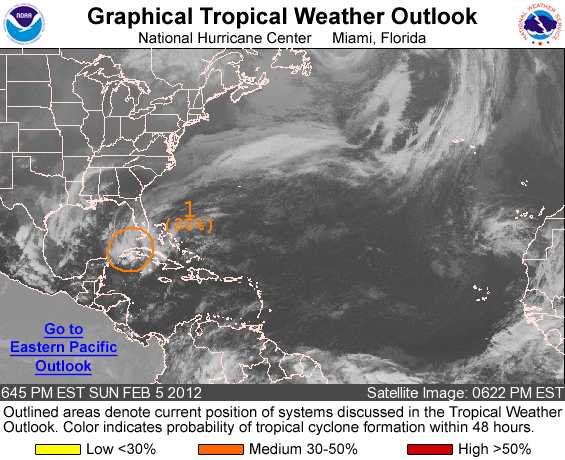
FOR THE NORTH ATLANTIC...CARIBBEAN SEA AND THE GULF OF MEXICO...

1. A NON-TROPICAL LOW PRESSURE SYSTEM INTERACTING WITH AN UPPER-LEVEL TROUGH IS PRODUCING WIDESPREAD CLOUDINESS...SHOWERS...AND SCATTERED THUNDERSTORMS ACROSS MUCH OF WESTERN AND CENTRAL CUBA...THE LOWER FLORIDA KEYS...AND ADJACENT WATERS OF THE NORTHWESTERN CARIBBEAN SEA...SOUTHEASTERN GULF OF MEXICO...AND THE FLORIDA STRAITS. THE LOW IS CENTERED JUST WEST OF THE WESTERN TIP OF CUBA...AND A SURFACE CIRCULATION CENTER IS GRADUALLY BECOMING BETTER DEFINED. SHOWER ACTIVITY HAS BEEN SLOWLY INCREASING AND HAS BECOME BETTER ORGANIZED TODAY...AND IF THIS DEVELOPMENT TREND CONTINUES...THEN A SUBTROPICAL DEPRESSION OR A SUBTROPICAL STORM COULD FORM DURING THE NEXT DAY OR SO BEFORE THE DISTURBANCE MERGES WITH A COLD FRONT. THIS SYSTEM HAS A MEDIUM CHANCE...30 PERCENT...OF BECOMING A SUBTROPICAL CYCLONE DURING THE NEXT 48 HOURS AS IT MOVES SLOWLY NORTH-NORTHEASTWARD TONIGHT AND MONDAY MORNING...BEFORE TURNING NORTHEASTWARD AT 10 TO 15 MPH TOWARD SOUTH FLORIDA AND THE FLORIDA KEYS BY MONDAY AFTERNOON AND EVENING. REGARDLESS OF DEVELOPMENT... THIS SYSTEM WILL LIKELY BRING LOCALLY HEAVY RAINFALL AND STRONG GUSTY WINDS TO PORTIONS OF THE FLORIDA KEYS AND SOUTH FLORIDA OVER THE NEXT COUPLE OF DAYS.

ADDITIONAL INFORMATION ON THIS SYSTEM CAN BE FOUND IN OFFSHORE WATERS FORECASTS ISSUED BY THE NATIONAL WEATHER SERVICE...UNDER AWIPS HEADER MIAOFFNT3 AND WMO HEADER FZNT24 KNHC...AND ALSO IN PRODUCTS ISSUED BY YOUR LOCAL NATIONAL WEATHER SERVICE FORECAST OFFICE. ADDITIONAL SPECIAL TROPICAL WEATHER OUTLOOKS WILL BE ISSUED AS NEEDED.

ELSEWHERE...TROPICAL CYCLONE FORMATION IS NOT EXPECTED DURING THE NEXT 48 HOURS.

FORECASTER STEWART